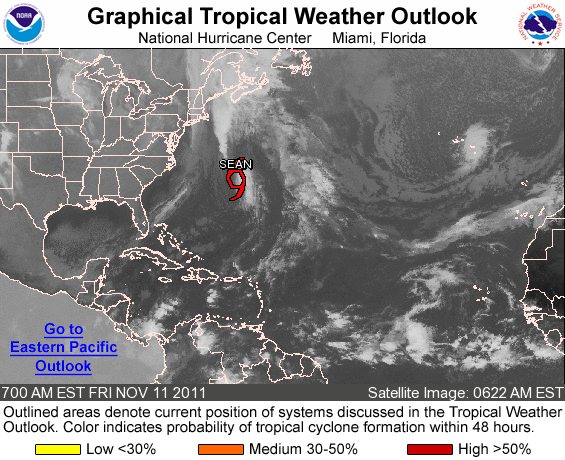
FOR THE NORTH ATLANTIC...CARIBBEAN SEA AND THE GULF OF MEXICO...

THE NATIONAL HURRICANE CENTER IS ISSUING ADVISORIES ON TROPICAL STORM SEAN...LOCATED ABOUT 80 MILES NORTH-NORTHWEST OF BERMUDA.

ELSEWHERE...TROPICAL CYCLONE FORMATION IS NOT EXPECTED DURING THE NEXT 48 HOURS.

FORECASTER STEWART/CANGIALOSI